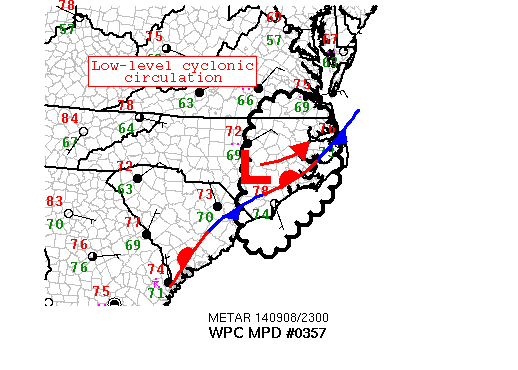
AREAS AFFECTED...SOUTHEASTERN VA/EASTERN NC/FAR NORTHEASTERN SC...

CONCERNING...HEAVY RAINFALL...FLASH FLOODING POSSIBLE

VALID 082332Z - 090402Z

SUMMARY...HEAVY RAINFALL HAS BEEN FALLING IN AN OVERRUNNING
FASHION ACROSS MUCH OF NC AND INTO SOUTHEASTERN VA. SOME OF THE
MORE ENHANCED CONVECTION HAS NOW FOCUSED IN CLOSE PROXIMITY TO A
MESOSCALE LOW WHICH IS SLOWLY TRACKING TOWARD THE NORTH AND EAST.
EXPECT THE POSSIBILITY OF FLASH FLOODING THROUGH AT LEAST 04Z.

DISCUSSION...THE BLENDED TPW PRODUCT SHOWED A FAIRLY SHARP
MOISTURE GRADIENT IN PLACE ALONG THE COASTAL CAROLINAS WITH PWATS
IN EXCESS OF 2 INCHES FROM SOUTHEASTERN VA DOWN ALONG COASTAL
SECTIONS OF NC/SC. THIS HAS BEEN THE LOCATION OF A WELL DEFINED
BAROCLINIC ZONE WHICH IS NEARLY STATIONARY IN NATURE. MUCH OF THE
ONGOING HEAVY RAINFALL HAS BEEN SEEN NORTH AND WEST OF THIS
BOUNDARY WHERE OVERRUNNING PRECIPITATION HAS BEEN COMMONPLACE
ACROSS EAST-CENTRAL NC. MOST RECENTLY SOME OF THE ACTIVITY HAS
BECOME ENHANCED BY A MESOSCALE LOW WHICH IS DRIFTING
NORTHEASTWARD. EXPECT LOCALLY HEAVY RAINFALL TO OCCUR IN THE
VICINITY OF THIS LOW. SLOW CELL MOTIONS AND A VERY MOIST
TROPOSPHERE WILL HELP CONTRIBUTE TO THE CONTINUED THREAT OF HEAVY
RAINFALL FOR THE NEXT FEW HOURS. THERE IS A PRETTY STRONG SIGNAL
IN THE CONVECTION-ALLOWING MODELS THAT HEAVY RAINFALL SHOULD
PERSIST INTO THE OVERNIGHT HOURS. WILL ALLOW THIS MPD TO CONTINUE
UNTIL 04Z WITH THE THREAT BEING REEVALUATED AS NEWER GUIDANCE
ARRIVES.